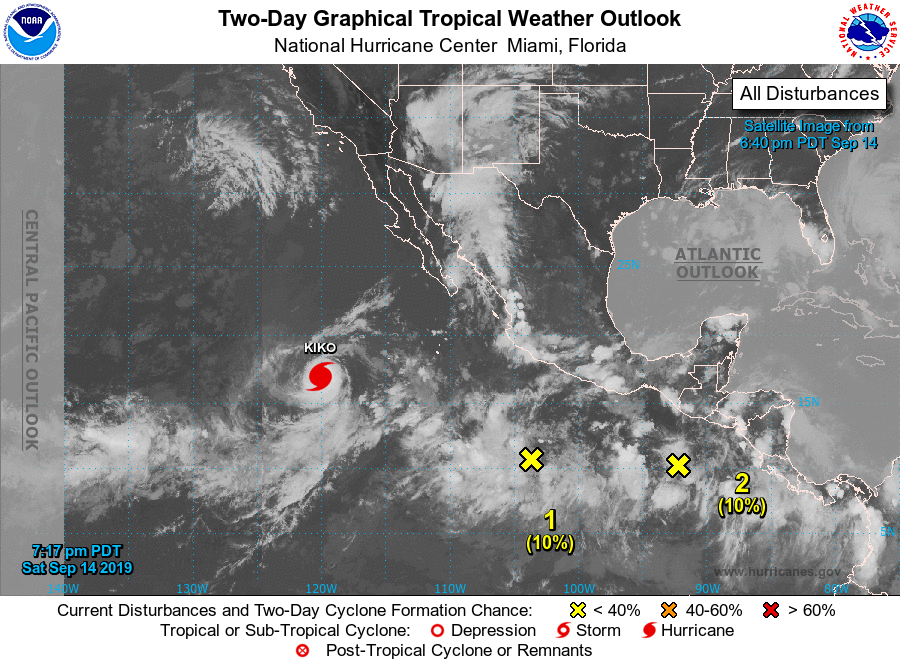
For the eastern North Pacific...east of 140 degrees west longitude:

The National Hurricane Center is issuing advisories on recently upgraded Hurricane Kiko, located several hundred miles west-southwest of the southern tip of the Baja California peninsula.

1. Disorganized showers and thunderstorms continue in association with a broad area of low pressure located about 500 miles southwest of Acapulco, Mexico. Some gradual development of this system is possible during the next several days, and a tropical depression could form by the middle of next week while it moves slowly westward or west-northwestward well offshore of the southwestern coast of Mexico.
* Formation chance through 48 hours...low...10 percent.
* Formation chance through 5 days...medium...50 percent.

2. Another weak area of low pressure is located a few hundred miles south of the coast of Guatemala. Although the shower activity is currently poorly organized, environmental conditions are expected to be conducive for gradual development and a tropical depression could form by the middle of next week. This system is expected to move west-northwestward near, or parallel to, the coast of Mexico during the next several days.
* Formation chance through 48 hours...low...10 percent.
* Formation chance through 5 days...medium...50 percent.

Forecaster Cangialosi